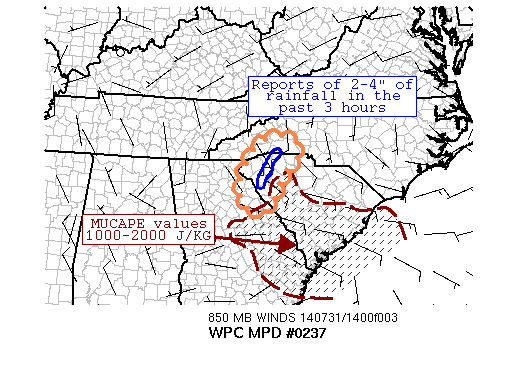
AREAS AFFECTED...NORTHEASTERN GA/WESTERN SC/SOUTHWESTERN NC...

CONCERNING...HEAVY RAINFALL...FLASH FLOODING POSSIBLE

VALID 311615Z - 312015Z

SUMMARY...ONGOING CONVECTION ALONG THE SOUTHERN APPALACHIANS
SHOULD BEGIN TO EXPAND IN COVERAGE THIS AFTERNOON. THIS IS IN
RESPONSE TO A MID-LEVEL CIRCULATION AND ASSOCIATED ENHANCED
CONVERGENCE ZONE MIGRATING INLAND OFF THE SC COAST.

DISCUSSION...A VERY ACTIVE MORNING ACROSS THE SOUTHERN
APPALACHIANS WITH LOW-TOPPED CONVECTION PERSISTING FOR A FEW
HOURS. SURFACE OBSERVATIONS IN THE VICINITY OF GREENVILLE...SC
HAVE SHOWN 2 TO 4 INCHES OF RAIN HAS FALLEN IN THE LAST 3 HOURS
ALONE. THE 14Z RAP SOUNDINGS WERE VERY MOIST OVER THIS REGION WITH
A SATURATED LAYER EXTENDING ABOVE 500-MB. WHILE INSTABILITY WAS
INITIALLY LACKING ACROSS THE INTERIOR LOCATIONS OF
SC/NC...PERSISTENT LOW-LEVEL SOUTHEASTERLY FLOW HAS BEGUN
ADVECTING HIGHER THETA-E AIR INLAND WHICH WILL ENHANCE THE
INSTABILITY THIS AFTERNOON. ADDITIONALLY...VISIBLE SATELLITE
IMAGERY INDICATED A CIRCULATION MOVING INLAND WHICH HAS BEEN
ACCOMPANIED BY AN ENHANCED AREA OF CONVERGENCE STRETCHING
WEST-EAST. AS THIS ORGANIZED AXIS OF CONVECTION CONTINUES TO
MIGRATE INLAND...EXPECT THE ACTIVITY ALONG THE APPALACHIANS TO
INCREASE IN COVERAGE DURING THE NEXT SEVERAL HOURS. AS OF
~16Z...THE NEW FOCUS HAS BEEN ACROSS NORTHEASTERN GA WITH
ADDITIONAL DEVELOPMENT TOWARD THE SOUTH. AFTER COORDINATION WITH
SAB/NESDIS...CONFIDENCE IS RELATIVELY HIGH IN THE HEAVY RAINFALL
EVENT CONTINUING. WILL REASSESS AS NEWER 12Z MESOSCALE GUIDANCE
ARRIVES.